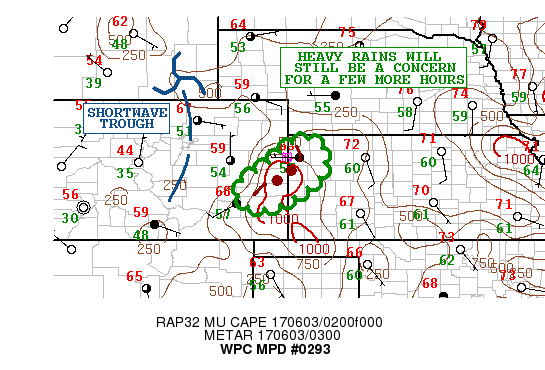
AREAS AFFECTED...FAR EASTERN CO...FAR WESTERN KS

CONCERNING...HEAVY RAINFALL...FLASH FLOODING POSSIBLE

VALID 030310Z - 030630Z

SUMMARY...SOME ADDITIONAL SLOW-MOVING SHOWERS AND THUNDERSTORMS
ARE EXPECTED OVER THE NEXT FEW HOURS. THE SLOW MOVEMENT WILL
MAINTAIN THE THREAT FOR FLASH FLOODING.

DISCUSSION...EXPERIMENTAL GOES-16 10.3 MICRON/IR IMAGERY STILL
SHOWS SOME IMPRESSIVELY COLD CONVECTIVE TOPS OVER EASTERN CO WHERE
THERE HAS BEEN A SLOW-MOVING AXIS OF HEAVY SHOWERS AND
THUNDERSTORMS. THE CONVECTION CONTINUES TO BE FOSTERED BY THE SLOW
APPROACH OF A SHORTWAVE TROUGH EXTENDING FROM SOUTHEAST WY DOWN
ACROSS EAST-CENTRAL CO...AND THIS IS SHOWING UP RATHER WELL IN THE
EXPERIMENTAL GOES-16 7.3 MICRON/LOW LEVEL WV CHANNEL. THE ENERGY
CONTINUES TO INTERACT ALSO WITH A MODESTLY UNSTABLE AND MOIST
AIRMASS OVER THE CENTRAL HIGH PLAINS WITH LOW LEVEL SOUTHEAST FLOW
CONTINUE TO TRANSPORT REASONABLY FAVORABLE THERMODYNAMICS INTO THE
ONGOING ACTIVITY.

OVER THE NEXT FEW HOURS...THE CONVECTION SHOULD TEND TO LINGER A
BIT WITH A GRADUAL TREND TOWARD WEAKENING AS LOW LEVEL
CIN/BOUNDARY STABILIZATION INCREASES. HOWEVER...SHORT-TERM
RAINFALL RATES OF 1 TO 1.5 INCHES/HR ARE EXPECTED AND WITH THE
SLOW CELL MOTION OFF TO THE SOUTHEAST...STORM TOTALS OF AS MUCH AS
2 TO 3 INCHES WILL BE EXPECTED GOING THROUGH ROUGHLY 06Z. SO THE
THREAT FOR SOME ADDITIONAL FLASH FLOODING WILL EXIST FOR A FEW
MORE HOURS. THE HRRR GUIDANCE STRONGLY SUGGESTS A WANING OF
ACTIVITY AFTER 06Z. WILL CONTINUE TO MONITOR.